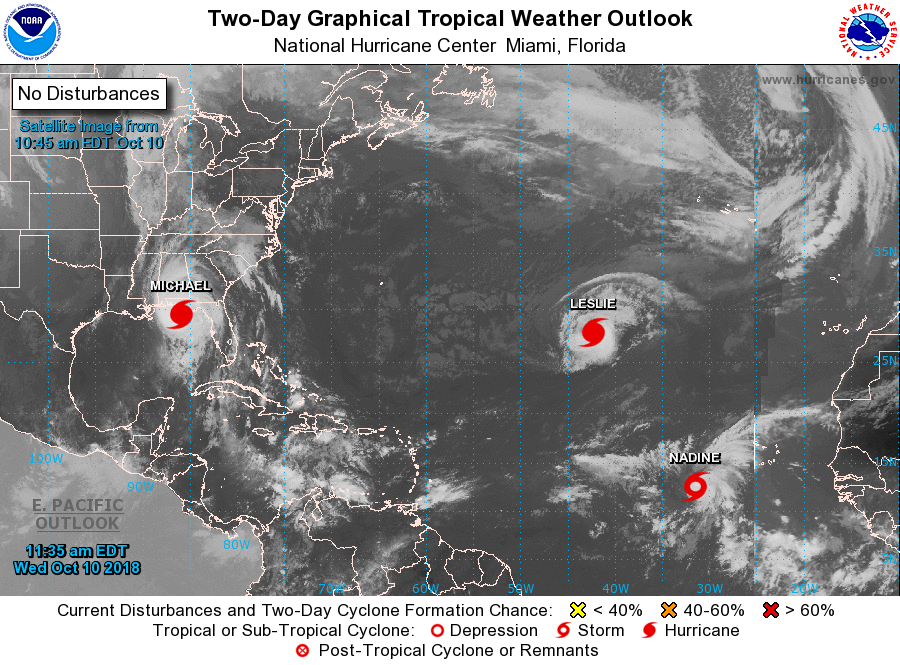
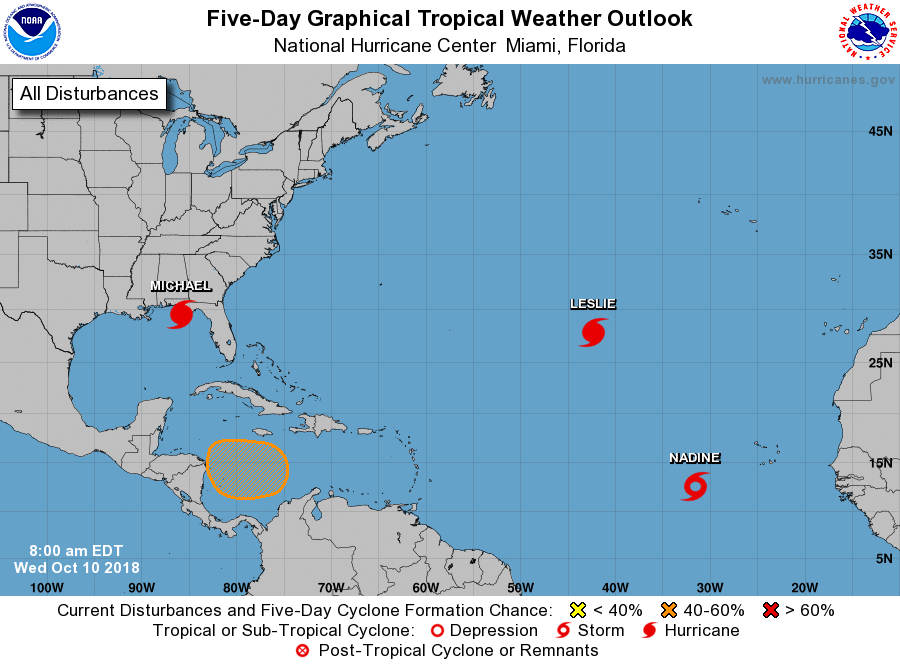
For the North Atlantic...Caribbean Sea and the Gulf of Mexico:

The National Hurricane Center is issuing advisories on Hurricane Michael, located over the eastern Gulf of Mexico, on Hurricane Leslie, located over the central Atlantic Ocean, and on Tropical Storm Nadine, located over the eastern tropical Atlantic Ocean.

1. An area of low pressure is expected to develop over the west-central Caribbean Sea in a few days. Environmental conditions are expected to support gradual development and a tropical depression could form late this weekend or early next week while the system moves slowly westward.
* Formation chance through 48 hours...low...near 0 percent.
* Formation chance through 5 days...medium...50 percent.

Forecaster Zelinsky